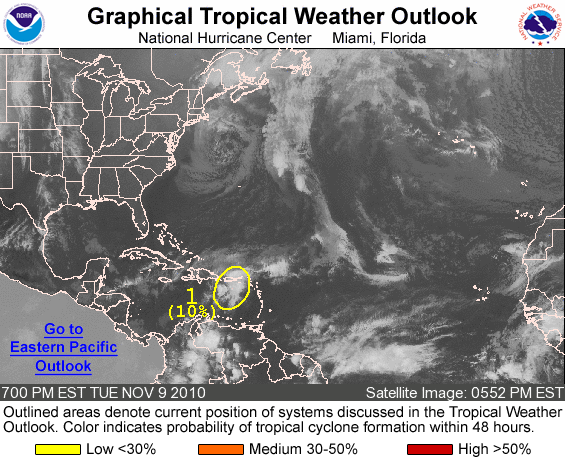
FOR THE NORTH ATLANTIC...CARIBBEAN SEA AND THE GULF OF MEXICO...

1. DISORGANIZED SHOWERS AND THUNDERSTORMS OVER PORTIONS OF THE NORTHERN LEEWARD ISLANDS...PUERTO RICO...AND ADJACENT WATERS ARE ASSOCIATED WITH A WEAK AREA OF LOW PRESSURE AND A SURFACE TROUGH. ENVIRONMENTAL CONDITIONS ARE ONLY MARGINALLY FAVORABLE...AND DEVELOPMENT...IF ANY...OF THIS DISTURBANCE SHOULD BE SLOW TO OCCUR. THERE IS A LOW CHANCE...10 PERCENT...OF THIS SYSTEM BECOMING A TROPICAL CYCLONE DURING THE NEXT 48 HOURS AS IT MOVES SLOWLY NORTHWARD. REGARDLESS OF DEVELOPMENT...LOCALLY HEAVY RAINFALL IS EXPECTED TO CONTINUE OVER PORTIONS OF THE NORTHERN LEEWARD ISLANDS AND PUERTO RICO DURING THE NEXT DAY OR TWO.

ELSEWHERE...TROPICAL CYCLONE FORMATION IS NOT EXPECTED DURING THE NEXT 48 HOURS.

FORECASTER CANGIALOSI